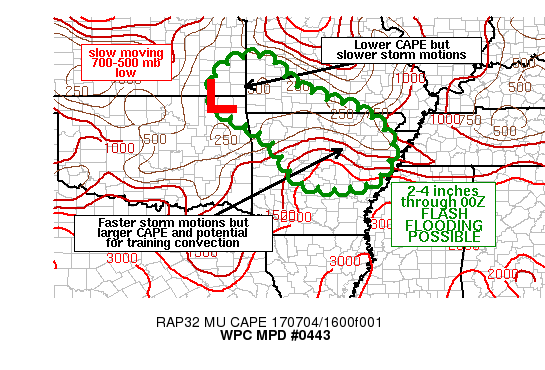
AREAS AFFECTED...FAR SERN KS/NERN OK INTO SWRN MO... NRN AND CNTRL
AR

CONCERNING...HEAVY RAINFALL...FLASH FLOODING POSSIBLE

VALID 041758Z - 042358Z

SUMMARY...A FLASH FLOOD THREAT WILL EXTEND INTO THE EARLY EVENING
FROM THE OZARKS INTO CNTRL AND NRN ARKANSAS. MAXIMUM RAINFALL
THROUGH 00Z IS EXPECTED TO RANGE FROM 2-4 INCHES.

DISCUSSION...17Z VISIBLE SATELLITE IMAGERY AND AREA VAD WIND PLOTS
SHOWED A SLOW MOVING LOW-MID LEVEL LOW CENTERED ALONG THE ERN
KANSAS/OKLAHOMA BORDER. DESPITE EXTENSIVE CLOUD COVER AND LIMITED
INSTABILITY NEAR AND EAST OF THE CIRCULATION...PER RECENT SPC
MESOANALYSES...REGIONAL RADAR SHOWED SLOW MOVING CONVECTION JUST
EAST OF THE LOW OVER SERN MISSOURI AND NWRN ARKANSAS. CONVECTION
APPEARS TO BE TAKING ADVANTAGE OF WEAK INSTABILITY BUT HIGH
PRECIPITABLE WATER VALUES THROUGHOUT THE OZRAKS INTO CNTRL AND SRN
ARKANSAS WHICH ARE ESTIMATED TO RANGE FROM 1.75 TO 2.00+ INCHES
PER 12Z SOUNDINGS FROM LZK AND SGF ALONG WITH RECENT GPS SITE
MEASUREMENTS.

THE LOW CENTER ALOFT ALONG THE ERN KANSAS/OKLAHOMA BORDER IS
FORECAST TO REMAIN SLOW MOVING WHILE ELONGATING TOWARD THE SE
THROUGH 00Z WITH SLOW STORM MOTIONS NEAR THE LOW SUPPORTING BRIEF
BUT HEAVY RAINFALL RATES OF 1-2 IN/HR. GIVEN WET ANTECEDENT
CONDITIONS ACROSS PORTIONS OF THE AREA...THE SLOW STORM MOTIONS
MAY LEAD TO A FEW FLASH FLOOD CONCERNS...ESPECIALLY ACROSS MORE
SENSITIVE REGIONS OF THE OZARKS.

FARTHER SOUTH AND EAST...SURFACE BASED INSTABILITY IS ESTIMATED TO
RANGE FROM 500 TO 2000+ J/KG PER ADJUSTMENTS TO THE 12Z LZK
SOUNDING FOR 17Z AREA OBSERVATIONS. WHILE SIMULATED REFLECTIVITY
FROM A CONSENSUS OF 12Z HI-RES MODELS SHOWS CONVECTION ACROSS
CNTRL ARKANSAS STEADILY MOVING TOWARD THE NORTHEAST THIS
AFTERNOON...UNIDIRECTIONAL SOUTHWEST FLOW SUPPORTS THE POTENTIAL
FOR SHORT TERM TRAINING WITHIN A RICH PRECIPITABLE WATER
ENVIRONMENT AND WET-BULB ZERO LEVELS BETWEEN 13-14 KFT SUPPORTING
THE POTENTIAL FOR A QUICK 2-4 INCHES OF RAINFALL.